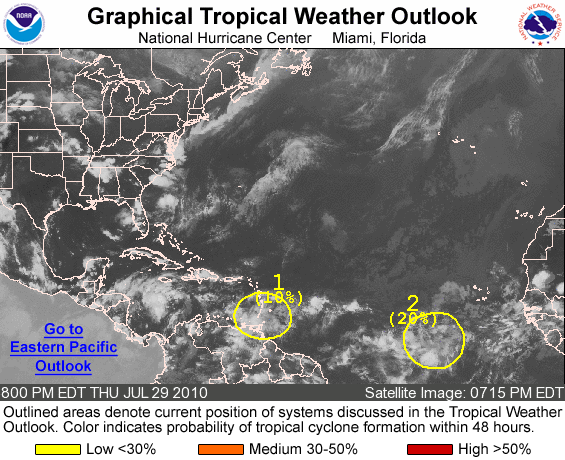
FOR THE NORTH ATLANTIC...CARIBBEAN SEA AND THE GULF OF MEXICO...

1. SHOWERS AND A FEW THUNDERSTORMS ASSOCIATED WITH A TROPICAL WAVE ARE MOVING ACROSS THE WINDWARD ISLANDS. THERE ARE NO SIGNS OF ORGANIZATION AT THIS TIME...AND ANY DEVELOPMENT OF THIS SYSTEM IS EXPECTED TO BE SLOW TO OCCUR AS IT MOVES GENERALLY WESTWARD AT 10 TO 15 MPH. LOCALLY HEAVY RAINS AND STRONG GUSTY WINDS COULD AFFECT PORTIONS OF THE LESSER ANTILLES OVER THE NEXT DAY OR SO. THERE IS A LOW CHANCE...10 PERCENT...OF THIS SYSTEM BECOMING A TROPICAL CYCLONE DURING THE NEXT 48 HOURS.

2. AN AREA OF DISTURBED WEATHER IS LOCATED OVER THE EASTERN ATLANTIC OCEAN ABOUT 650 MILES SOUTHWEST OF THE CAPE VERDE ISLANDS. THIS SYSTEM SHOWS SOME SIGNS OF ORGANIZATION...AND SLOW DEVELOPMENT OF THIS DISTURBANCE IS POSSIBLE DURING THE NEXT COUPLE OF DAYS AS IT MOVES SLOWLY TOWARD THE WEST OR WEST-NORTHWEST. THERE IS A LOW CHANCE...20 PERCENT...OF THIS SYSTEM BECOMING A TROPICAL CYCLONE DURING THE NEXT 48 HOURS.

ELSEWHERE...TROPICAL CYCLONE FORMATION IS NOT EXPECTED DURING THE NEXT 48 HOURS.

FORECASTER BEVEN